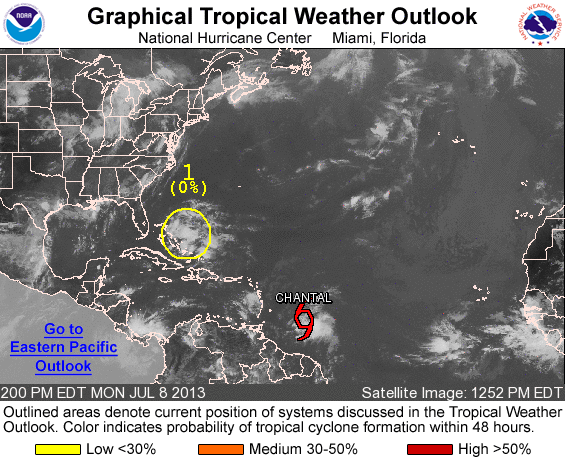
FOR THE NORTH ATLANTIC...CARIBBEAN SEA AND THE GULF OF MEXICO...

THE NATIONAL HURRICANE CENTER IS ISSUING ADVISORIES ON TROPICAL STORM CHANTAL...LOCATED EAST OF THE WINDWARD ISLANDS.

1. A VIGOROUS UPPER-LEVEL LOW IS PRODUCING A LARGE AREA OF DISTURBED WEATHER ACROSS THE CENTRAL AND SOUTHERN BAHAMAS AND ADJACENT ATLANTIC WATERS. THERE ARE NO SIGNS OF A SURFACE CIRCULATION AND PRESSURES ARE HIGH IN THE AREA. THIS SYSTEM HAS A LOW CHANCE... NEAR 0 PERCENT...OF BECOMING A TROPICAL CYCLONE DURING THE NEXT 48 HOURS AS IT MOVES WESTWARD AT 10 TO 15 MPH. HOWEVER...THIS DISTURBANCE WILL PRODUCE PERIODS OF LOCALLY HEAVY RAINFALL AND GUSTY WINDS ACROSS THE BAHAMAS THROUGH TOMORROW MORNING...AND ACROSS PORTIONS OF THE SOUTHERN FLORIDA PENINSULA ON TUESDAY AND WEDNESDAY.

ELSEWHERE...TROPICAL CYCLONE FORMATION IS NOT EXPECTED DURING THE NEXT 48 HOURS.

&&
PUBLIC ADVISORIES ON TROPICAL STORM CHANTAL ARE ISSUED UNDER WMO HEADER WTNT33 KNHC AND UNDER AWIPS HEADER MIATCPAT3. FORECAST/ADVISORIES ISSUED UNDER WMO HEADER WTNT23 KNHC AND UNDER AWIPS HEADER MIATCMAT3.

FORECASTER STEWART